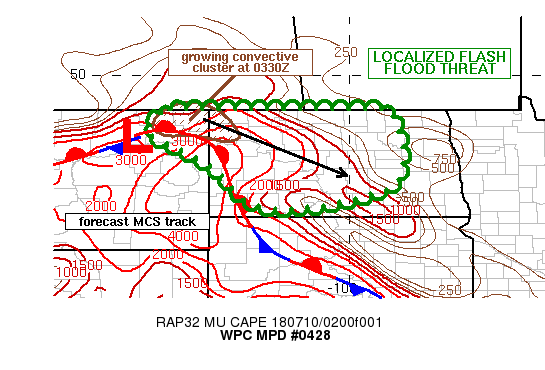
AREAS AFFECTED...FAR NERN MT INTO ND

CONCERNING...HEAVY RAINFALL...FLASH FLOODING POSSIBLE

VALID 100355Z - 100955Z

SUMMARY...FLASH FLOODING WILL BE POSSIBLE OVER THE NEXT FEW HOURS
FROM THE NORTHERN MT/ND BORDER INTO CENTRAL ND WITH RAIN RATES OF
1-2 IN/HR AND LOCALIZED TOTALS OF 2-3 INCHES THROUGH .

DISCUSSION...REGIONAL RADAR AND INFRARED SATELLITE IMAGERY THROUGH
0330Z SHOWED THE CONJOINING OF A FEW STRONG SUPERCELLS INTO A
GROWING CLUSTER OF CONVECTION WITH MULTIPLE UPDRAFTS INFERRED
THROUGH SATELLITE AND LIGHTNING DATA. THE ACTIVITY IS OCCURRING
JUST NORTH OF A WARM/STATIONARY FRONT WHICH EXTENDED EAST FROM A
LOW IN NORTHEASTERN MT INTO WESTERN ND AND SOUTHEASTWARD THROUGH
SD AS OF 03Z. AN MCS APPEARS LIKELY TO DEVELOP ROOTED NEAR ~800 MB
VIA FORECAST RAP SOUNDINGS...AND PROPAGATION VECTORS SUPPORT A
SOUTHEASTWARD MOVEMENT TO CONVECTION ALONG AN INSTABILITY POOL
ALIGNED NEAR AND NORTH OF THE FRONTAL BOUNDARY.

THERE IS A SHORT TERM FLASH FLOOD THREAT IN THE VICINITY OF THE
ORGANIZING MCS WITH TRAINING/REPEATING OF RAIN CORES BEFORE
SUFFICIENT ORGANIZATION TAKES PLACE. AS THE WARM FRONT LIFTS NORTH
OVERNIGHT...MUCAPE IS EXPECTED TO INCREASE OVER CENTRAL ND...AT
LEAST FOR A BRIEF PERIOD AFTER ROUGHLY 06Z. SUFFICIENT INSTABILITY
AND INCREASINGLY DIFFLUENT FLOW ALOFT WHEN COMBINED WITH A 35-40
KT LOW LEVEL JET FROM THE SOUTH...MAY ALLOW FOR ADDITIONAL
CONVECTION ALONG/AHEAD OF THE LIFTING WARM FRONT IN ADVANCE OF THE
FORECAST MCS TRACK WITH CELL MERGERS POSSIBLE...LOCALLY INCREASING
RAINFALL TOTALS.

OVERALL...THE FLASH FLOOD THREAT SHOULD BE LIMITED...BUT A FEW
PLACES COULD SEE RAINFALL RATES OF 1-2 IN/HR AND LOCALIZED TOTALS
OF 2-3 INCHES BY 10Z.